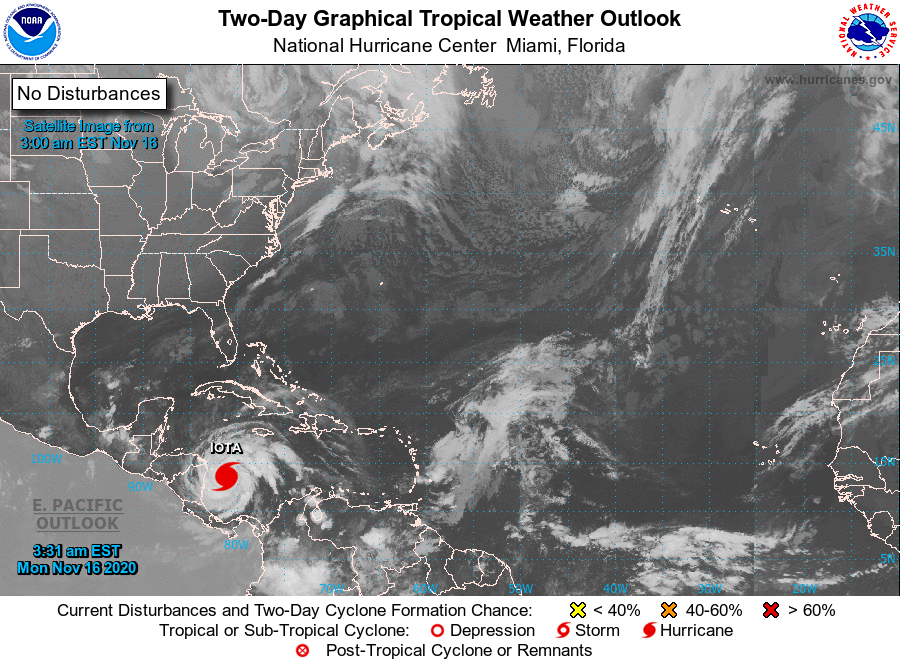
For the North Atlantic...Caribbean Sea and the Gulf of Mexico:

The National Hurricane Center is issuing advisories on Hurricane Iota, located over the southwestern Caribbean Sea near Isla de Providencia.

1. An area of low pressure could form in a few days over the central or southwestern Caribbean Sea. Some slow development could subsequently occur late this week while the system moves slowly westward across the southwestern Caribbean Sea.
* Formation chance through 48 hours...low...near 0 percent.
* Formation chance through 5 days...low...20 percent.

Forecaster Zelinsky